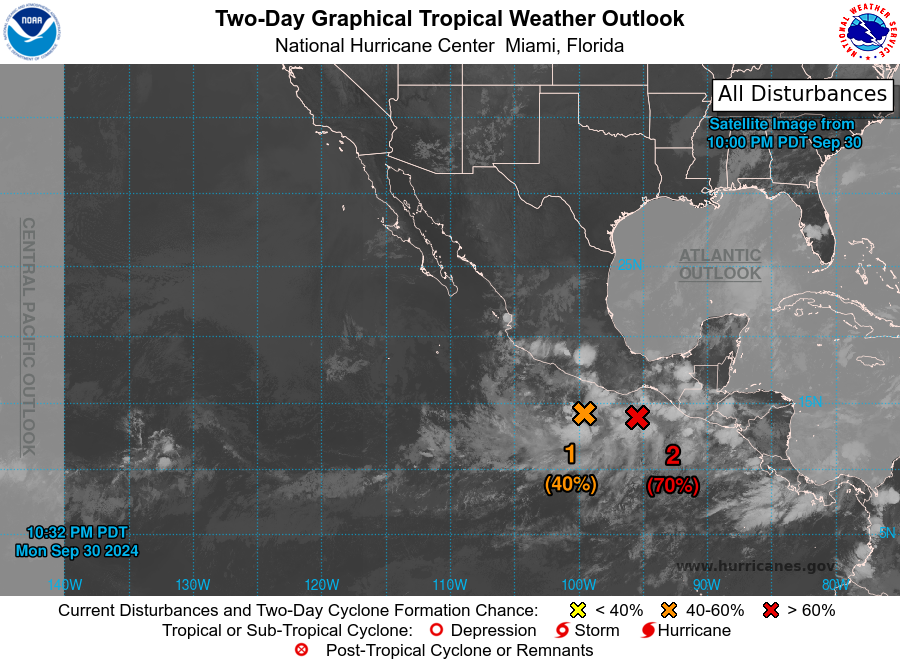
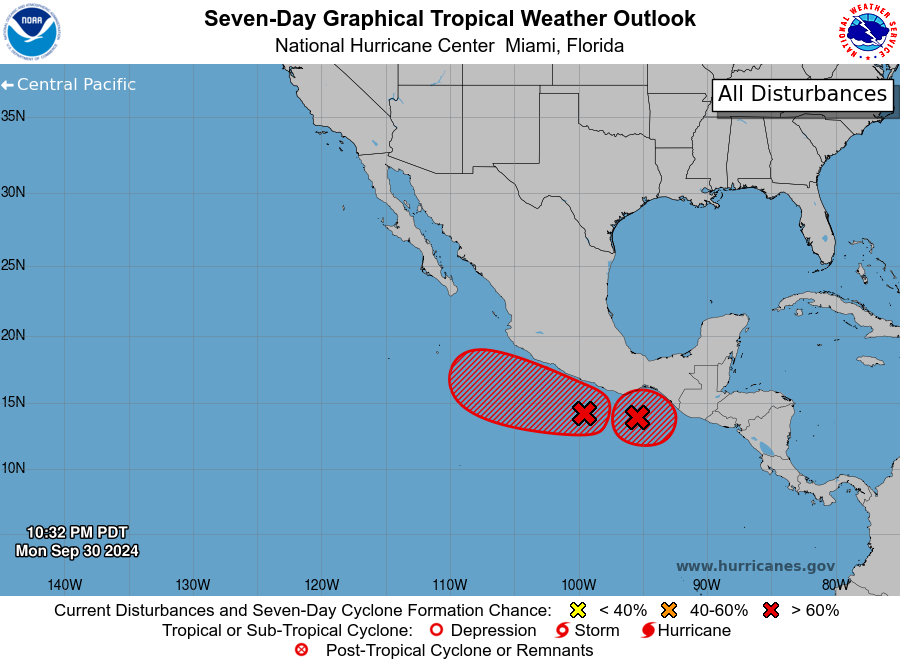
For the eastern North Pacific...east of 140 degrees west longitude:

1. Offshore of Southwestern Mexico: An area of low pressure is expected to form off the coast of southwestern Mexico during the next day or so. Environmental conditions are forecast to be conducive for development after that time, and a tropical depression is expected to form by the end of the week. The disturbance is forecast to meander near or just offshore of the coast of Mexico for much of the week, and then begin moving slowly west-northwestward, parallel to the coast of Mexico by this weekend. Regardless of development, this system is expected to contribute to heavy rainfall across portions of the southwestern coast of Mexico that were already adversely affected by substantial rainfall last week, and interests there should monitor the progress of this disturbance.
* Formation chance through 48 hours...medium...40 percent.
* Formation chance through 7 days...high...80 percent.

2. South of the Gulf of Tehuantepec (96E): Showers and thunderstorms associated with an area of low pressure near the Gulf of Tehuantepec have changed little in organization during the past several hours. Although the system does not yet appear to have a well-defined surface circulation, environmental conditions are expected to be conducive for additional development, and a tropical depression is likely to form during the next day or two. This system is forecast to meander for the next couple of days before drifting northward towards the southern coast of Mexico, and interests there should monitor the progress of this system. Regardless of development, heavy rain is possible along portions of the coast of southern Mexico and northern Central America throughout this week.
* Formation chance through 48 hours...high...70 percent.
* Formation chance through 7 days...high...70 percent.

Forecaster Hagen